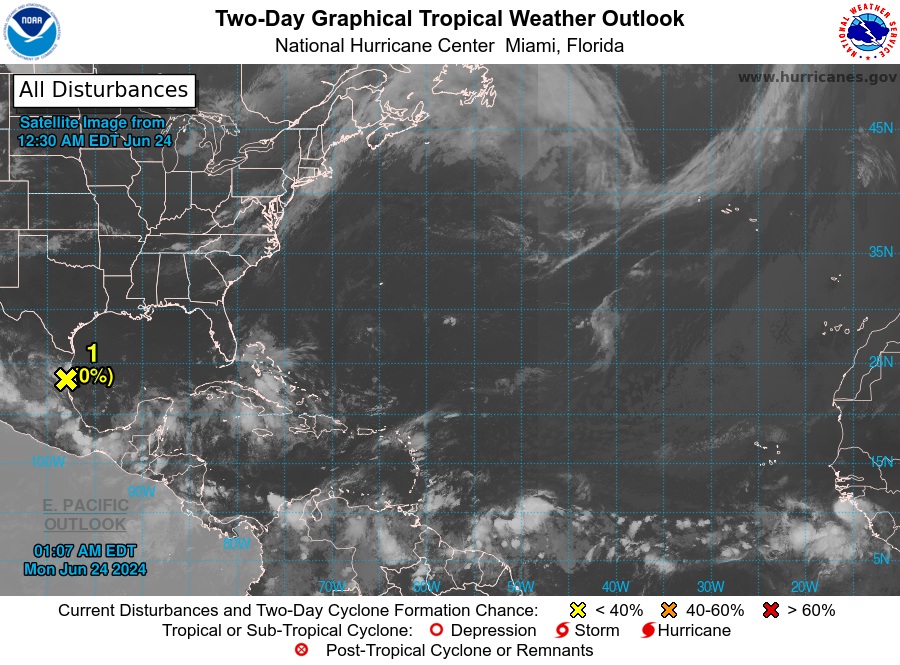
For the North Atlantic...Caribbean Sea and the Gulf of Mexico:

1. Southwestern Gulf of Mexico (AL93): A trough of low pressure located along the coast of northeastern Mexico is producing disorganized showers and thunderstorms. Development of this system is not expected. However, heavy rainfall is likely to continue during the next several hours across portions of northeastern Mexico, which could lead to localized flooding.
* Formation chance through 48 hours...low...near 0 percent.
* Formation chance through 7 days...low...near 0 percent.

Forecaster Cangialosi